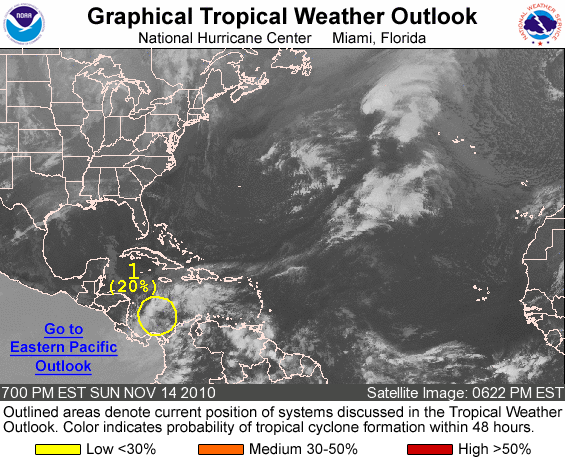
FOR THE NORTH ATLANTIC...CARIBBEAN SEA AND THE GULF OF MEXICO...

1. SHOWERS AND THUNDERSTORMS REMAIN DISORGANIZED IN ASSOCIATION WITH A BROAD LOW PRESSURE SYSTEM LOCATED OVER THE SOUTHWESTERN CARIBBEAN SEA. ENVIRONMENTAL CONDITIONS HAVE BECOME LESS FAVORABLE...AND DEVELOPMENT OF THIS DISTURBANCE...IF ANY...SHOULD BE SLOW TO OCCUR. THERE IS A LOW CHANCE...20 PERCENT...OF THIS SYSTEM BECOMING A TROPICAL CYCLONE DURING THE NEXT 48 HOURS AS IT MOVES SLOWLY WEST-NORTHWESTWARD.

ELSEWHERE...TROPICAL CYCLONE FORMATION IS NOT EXPECTED DURING THE NEXT 48 HOURS.

FORECASTER STEWART